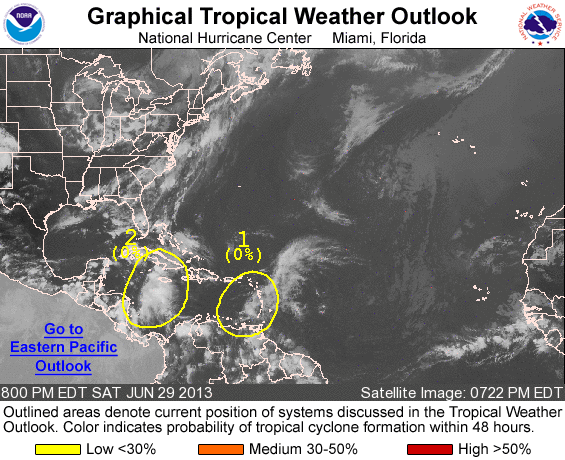
FOR THE NORTH ATLANTIC...CARIBBEAN SEA AND THE GULF OF MEXICO...

1. CLOUDINESS AND SHOWERS IN ASSOCIATION WITH A TROPICAL WAVE IN THE EASTERN CARIBBEAN SEA HAVE DIMINISHED TODAY. UPPER-LEVEL WINDS REMAIN UNFAVORABLE FOR DEVELOPMENT...AND THIS SYSTEM HAS A LOW CHANCE...NEAR 0 PERCENT...OF BECOMING A TROPICAL CYCLONE DURING THE NEXT 48 HOURS AS IT MOVES WEST-NORTHWESTWARD AT AROUND 15 TO 20 MPH.

2. SHOWERS AND THUNDERSTORMS HAVE DEVELOPED IN THE WESTERN CARIBBEAN SEA IN ASSOCIATION WITH A TROPICAL WAVE. UPPER-LEVEL WINDS ARE NOT CONDUCIVE FOR DEVELOPMENT OF THIS WAVE...ALTHOUGH THE SYSTEM MAY PRODUCE HEAVY RAINFALL OVER PORTIONS OF CENTRAL AMERICA AND SOUTHEASTERN MEXICO AS IT MOVES WEST-NORTHWESTWARD AT AROUND 10 TO 15 MPH DURING THE NEXT TWO DAYS. THIS DISTURBANCE HAS A LOW CHANCE...NEAR 0 PERCENT...OF BECOMING A TROPICAL CYCLONE DURING THE NEXT 48 HOURS.

ELSEWHERE...TROPICAL CYCLONE FORMATION IS NOT EXPECTED DURING THE NEXT 48 HOURS.

FORECASTER LANDSEA